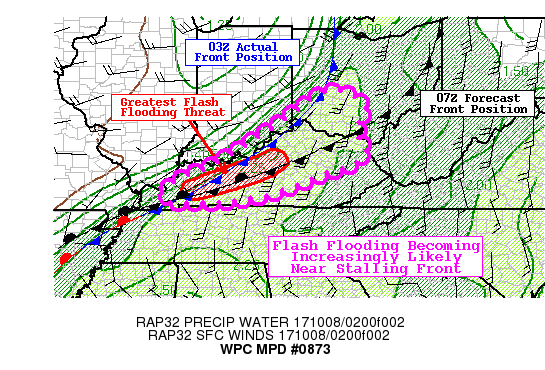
AREAS AFFECTED...KENTUCKY...SOUTHWEST OHIO

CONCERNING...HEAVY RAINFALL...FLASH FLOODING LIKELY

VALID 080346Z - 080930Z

SUMMARY...A PLUME OF TROPICAL MOISTURE SITUATED ALONG A STALLING
FRONT WILL PROVIDE THE FOCUS FOR SLOW-MOVING AND TRAINING
CONVECTION. HEAVY RAINFALL IS LIKELY AND RATES UP TO 3 IN/HR WILL
BE POSSIBLE IN LOCALIZED AREAS. THIS WILL INCREASINGLY POSE A
FLASH FLOODING THREAT...PARTICULARLY OVER PORTIONS OF KENTUCKY.

DISCUSSION...CONVECTION IS ONGOING AT 0330Z ALONG A COLD FRONT
THAT EXTENDS FROM WESTERN OHIO INTO THE OHIO-RIVER-ADJACENT
PORTIONS OF KENTUCKY. STRONGER UPDRAFTS IN THE 01-02Z TIME FRAME
WERE MORE VIGOROUS...WITH EXPERIMENTAL GOES-16 IR CLOUD TOP
TEMPERATURES AS COLD AS -60C. HOWEVER THESE COLDER CLOUD TOPS HAVE
SINCE WANED...AND LIGHTNING ACTIVITY HAS BEEN REDUCED. THIS TREND
IS LIKELY TO CONTINUE INTO THE NIGHT AS THE CAPE PROFILE IN INFLOW
REGIONS BECOMES INCREASINGLY NARROW WITH A SATURATED COLUMN. IN
OTHER WORDS...THE FORECAST SOUNDINGS IN THE REGION TRANSITION MORE
MARKEDLY TO A CLASSIC HEAVY RAIN PROFILE OVER THE NEXT FEW HOURS.

DESPITE THAT...THERE HAVE ALREADY BEEN SOME SIGNIFICANT RAINFALL
RATES OBSERVED WHERE CELL TRAINING HAS BEEN OCCURRING. A KENTUCKY
MESONET SITE NEAR HARDINSBURG IN BRECKINRIDGE CO OBSERVED 1.3
INCHES OF RAIN IN 30 MINUTES...AND DUAL POL AND MRMS RAINFALL
ESTIMATES HAVE BEEN LOCALLY AS HIGH AS 3 IN/HR. THIS SHOULD
CONTINUE IN THE TROPICAL ENVIRONMENT...WITH A NARROW CAPE PROFILE
AND PRECIPITABLE WATER VALUES AROUND 2 INCHES. WHERE THE HIGHER
RATES CAN PERSIST FOR AN HOUR OR MORE...FLASH FLOODING WOULD BE
LIKELY TO DEVELOP. ALTHOUGH THE REGION HAS BEEN DRY OVER THE PAST
COUPLE WEEKS...THERE DOES APPEAR TO BE A NOTABLE HYDROLOGIC
RESPONSE (AS SIMULATED BY THE CREST MODEL; MOST PRONOUNCED THUS
FAR OVER MUHLENBERG AND OHIO COUNTIES) WHERE MRMS RAIN RATES HAVE
APPROACHED OR EXCEEDED 2 IN/HR. THIS APPEARS TO BE A GOOD
BASELINE...THAT THE MORE PROLIFIC RAIN RATES MAY BE ABLE TO
INITIATE SOME FLOODING...WHICH WOULD BE EXACERBATED IF HEAVY
RAINFALL CAN PERSIST FOR 2+ HOURS AT THAT LOCATION.

THE COLD FRONT WILL BE STALLING WITH TIME...WITH THE MORE
SIGNIFICANT FORCING OVER A DEEPER LAYER LIKELY TO BE PROGRESSIVE
THROUGH PARTS OF SOUTHWEST OHIO AND NORTHEAST KENTUCKY. THROUGH
10Z...THIS MAY LIMIT THE AMOUNT OF TIME ANY ONE LOCATION IN THOSE
REGIONS RECEIVES HEAVY RAINFALL. HOWEVER...OVER WESTERN AND
CENTRAL KENTUCKY...THE FRONT WILL BEGIN TO STALL AND FORCING FOR
ASCENT WILL BECOME INCREASINGLY FOCUSED IN THE LOWEST 1KM OR SO.
WINDS IN THAT LAYER ARE ALSO FORECAST TO WEAKEN...SO AS CONVECTION
BECOMES SHALLOWER WITH WEAKENING INSTABILITY...IT SHOULD BECOME
INCREASINGLY TIED TO THE LOW-LEVEL FRONT WITH SLOWER CELL MOTIONS.
THESE PROCESSES WOULD LIKELY LEAD TO THE GREATEST FLASH FLOOD
THREAT THROUGH 10Z FOCUSED IN A CORRIDOR FROM NEAR CADIZ KY TO
NEAR LEXINGTON KY.